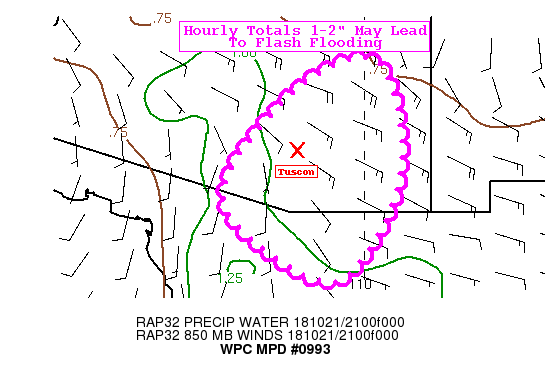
Areas affected...Southern Arizona

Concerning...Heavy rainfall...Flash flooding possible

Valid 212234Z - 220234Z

Summary...Thunderstorms capable of producing hourly totals of 1-2"
will be possible across far southern Arizona through late
afternoon and early evening.

Discussion...In divergent flow aloft with an open wave across
southern California, combined with peak heating where instability
is around 1500-2000 J/kg, thunderstorms have developed across
southern Arizona. Recent analysis shows a tongue of higher PWATS
(1-1.1") across the area, which is in the 90th percentile and
roughly 1-2 SD above normal. Convection has been drifting
northeastward per latest KEMX returns, where hourly rates have
exceeded 1-2".

Hi-res models have not handled this activity well, but would
expect a slow progression northeast for the next few hours until
peak heating/instability wanes. Additional totals of 1-2", with
locally higher amounts, will be possible over areas with lower FFG
(1-hr 1" or less) which may lead to localized flash flooding.